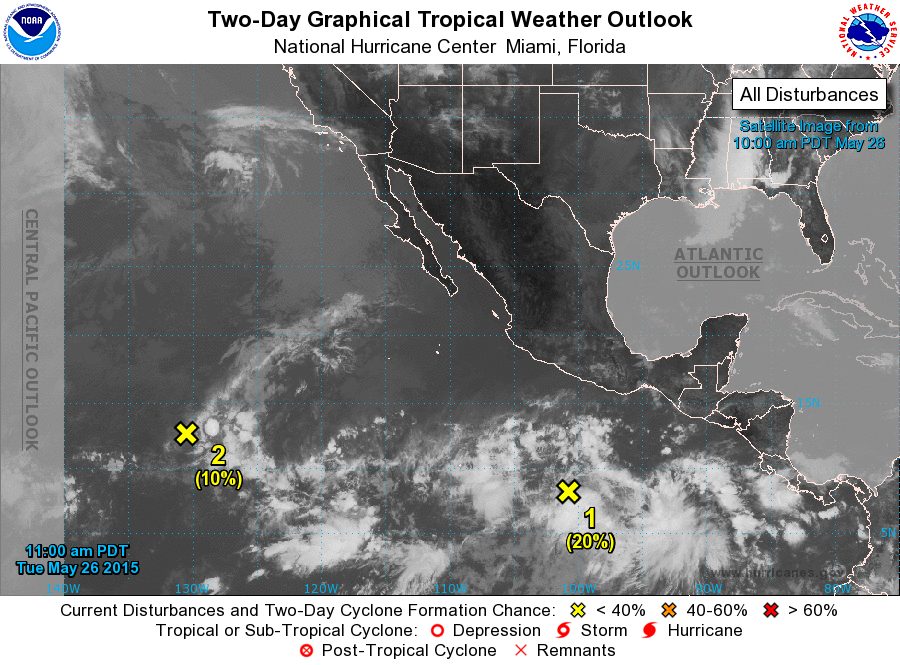
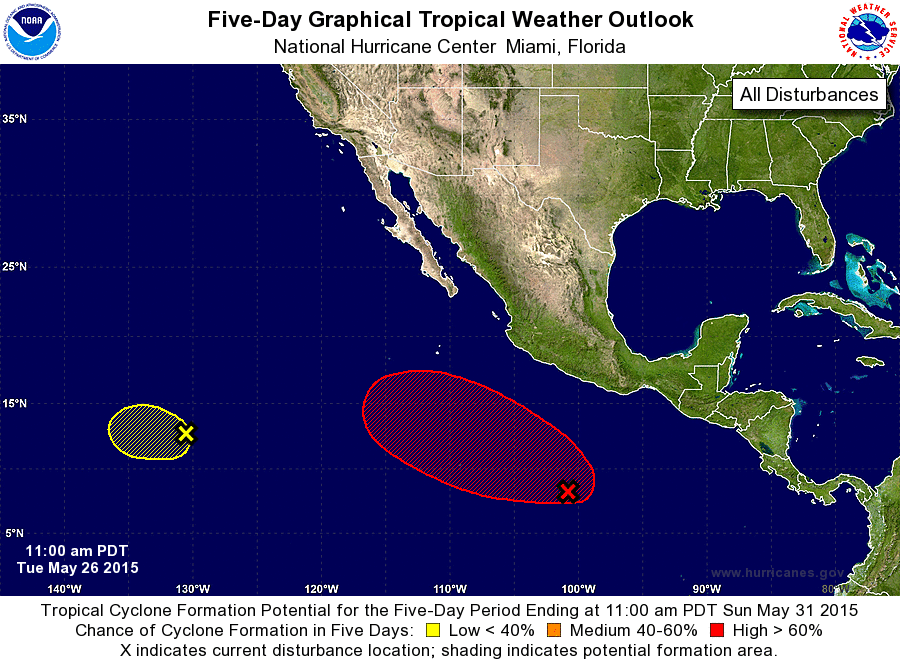
For the eastern North Pacific...east of 140 degrees west longitude:

1. Disorganized showers and thunderstorms located several hundred miles south of the coast of Mexico are associated with a trough of low pressure. Environmental conditions appear conducive for gradual development of this system during the next several days, and a tropical depression is likely to form late this week while the system moves slowly west-northwestward to northwestward.
* Formation chance through 48 hours...low...20 percent
* Formation chance through 5 days...high...80 percent

2. A nearly-stationary area of low pressure located about 1500 miles west-southwest of the southern tip of Baja California continues to produce disorganized showers and a few thunderstorms well east of the circulation center. Upper-level winds are expected to become less favorable today and significant development of this system is not expected.
* Formation chance through 48 hours...low...10 percent
* Formation chance through 5 days...low...10 percent

Forecaster Brown/Roberts